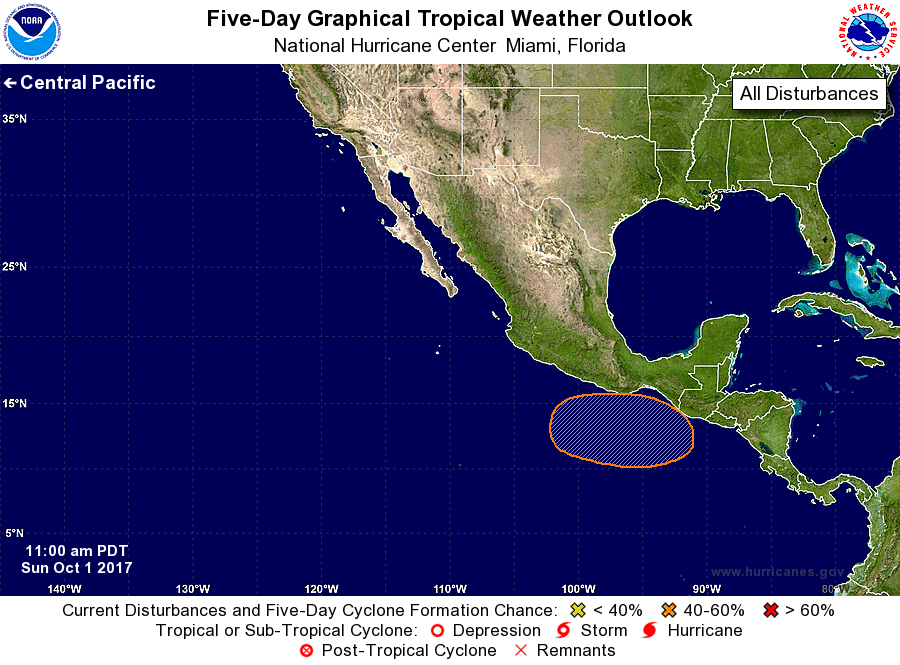
For the eastern North Pacific...east of 140 degrees west longitude:

1. An area of low pressure is expected to develop a within few hundred miles south of the southern coast of Mexico or Guatemala in a couple of days. Environmental conditions are expected to be conducive for gradual development while the system moves slowly west-northwestward or northwestward.
* Formation chance through 48 hours...low...near 0 percent.
* Formation chance through 5 days...medium...50 percent.

Forecaster Cangialosi/Latto